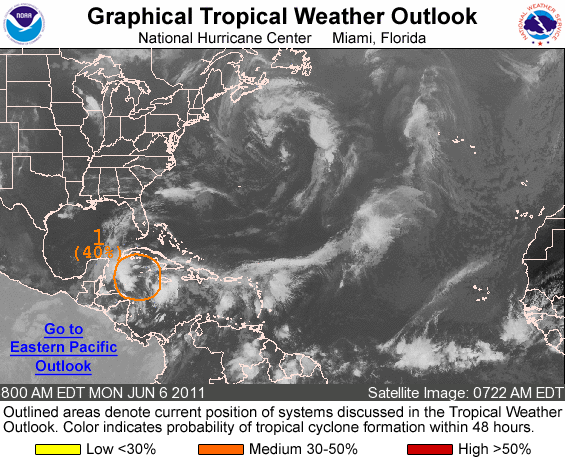
FOR THE NORTH ATLANTIC...CARIBBEAN SEA AND THE GULF OF MEXICO...

1. A LARGE BUT DISORGANIZED AREA OF SHOWERS AND THUNDERSTORMS ASSOCIATED WITH A BROAD LOW PRESSURE SYSTEM CONTINUES OVER MUCH OF THE CENTRAL AND WESTERN CARIBBEAN SEA. THE AREA OF LOWEST PRESSURE IS LOCATED ABOUT 130 MILES SOUTH OF GRAND CAYMAN AND REMAINS SEPARATED FROM THE STRONGEST THUNDERSTORM ACTIVITY. HOWEVER...SOME DEVELOPMENT OF THIS SYSTEM IS POSSIBLE DURING THE NEXT DAY OR SO BEFORE UPPER-LEVEL WINDS BECOME UNFAVORABLE. THERE IS A MEDIUM CHANCE...40 PERCENT...OF THIS SYSTEM BECOMING A TROPICAL CYCLONE DURING THE NEXT 48 HOURS. AN AIR FORCE RESERVE HURRICANE HUNTER AIRCRAFT MISSION HAS BEEN RESCHEDULED TO INVESTIGATE THE SYSTEM TOMORROW...IF NECESSARY. REGARDLESS OF DEVELOPMENT...HEAVY RAINS COULD CAUSE FLASH FLOODS AND MUD SLIDES OVER PORTIONS OF HAITI AND JAMAICA AS THE SYSTEM MOVES SLOWLY TOWARD THE NORTHWEST OR NORTH OVER THE NEXT COUPLE OF DAYS.

ELSEWHERE...TROPICAL CYCLONE FORMATION IS NOT EXPECTED DURING THE NEXT 48 HOURS.

FORECASTER STEWART